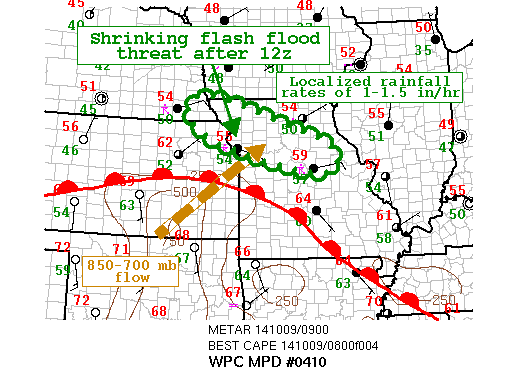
AREAS AFFECTED...EXTREME SERN NEBRASKA / NERN KANSAS INTO
CNTRL/NRN MISSOURI

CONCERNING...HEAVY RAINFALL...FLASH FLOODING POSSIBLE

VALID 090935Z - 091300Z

SUMMARY...RAINFALL INTENSITY SHOULD BEGIN TO WANE BETWEEN
11-13Z...LARGELY DUE TO A REDUCTION IN AVAILABLE INSTABILITY...BUT
LOCALIZED RAINFALL RATES OF 1 TO 1.5 IN/HR WILL STILL BE POSSIBLE
OVER PORTIONS OF CNTRL AND NRN MISSOURI.

DISCUSSION...A ROUGHLY 50-75 MILE WIDE AXIS OF TRAINING...ELEVATED
CONVECTION HAS BEEN OCCURRING OVER THE PAST FEW HOURS AT THE NOSE
OF A 40-45 KT LOW LEVEL JET LOCATED FROM OKLAHOMA INTO CNTRL
KANSAS PER RECENT 850 MB VAD WIND PROFILE PLOTS. DUAL POL RAINFALL
ESTIMATES OF 3-6 INCHES HAVE BEEN OBSERVED OVER ATCHISON AND
PLATTE COUNTIES WHICH MAY BE OVERDONE...BUT GROUND TRUTH SUPPORTS
RATES OF 1-1.5 IN/HR NEAR PLATTE CITY...MISSOURI. IN ADDITION...A
NW-SE ORIENTED 70+ KT JET STREAK NEAR 250 MB OVER ERN KANSAS AND
SWRN MISSOURI HAS AIDED IN UPPER DIFFLUENCE ACROSS THE REGION AS
WINDS AT THIS LEVEL OVER IOWA APPEAR TO BE MORE WLY.

WHILE 850-700 MB OVERRUNNING OF A SLOWLY ADVANCING WARM FRONT IN
KANSAS AND MISSOURI WILL CONTINUE THROUGH THE REMAINDER OF THE
MORNING...TRENDS IN IR SATELLITE IMAGERY ARE FOR OVERALL WARMING
CLOUD TOPS WHICH IS INDICATIVE OF WEAKER UPDRAFTS DUE TO A
REDUCING INSTABILITY. THIS...COUPLED WITH WEAKENING UPPER
DIFFLUENCE WITH THE ADVANCEMENT OF THE AFOREMENTIONED JET STREAK
TOWARD THE LOWER OHIO VALLEY AND FORECAST WEAKENING IN THE 850-700
MB LAYER BETWEEN 12 AND 15Z PER RECENT RUNS OF THE RAP...SHOULD
BRING AN END TO LINGERING FLASH FLOOD CONCERNS BY ABOUT 12-13Z.
THE 00Z NAM CONEST AND NSSL WRF HAVE PERFORMED REASONABLY WELL
WITH THIS EVENT SO FAR AND HAVE SUPPORT FROM THE 08Z HRRR IN
CONTINUED WEAKENING OF RAINFALL INTENSITY THROUGH SUNRISE.